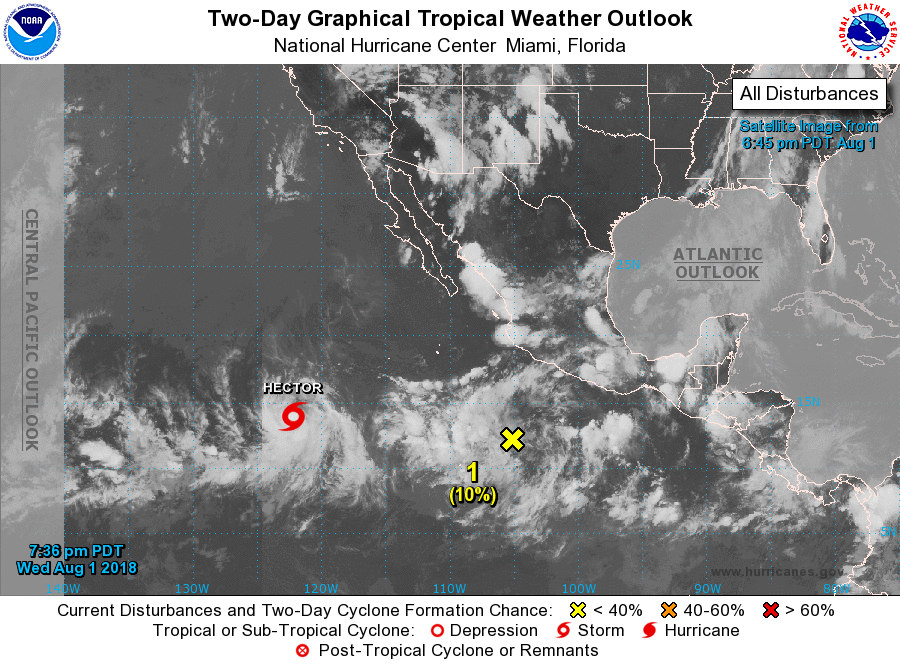
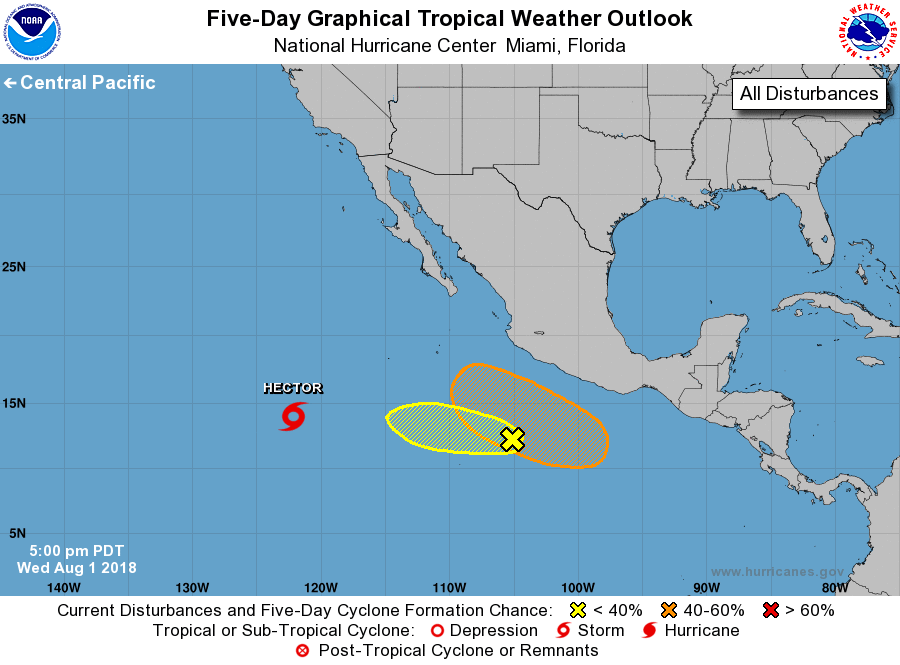
For the eastern North Pacific...east of 140 degrees west longitude:

The National Hurricane Center is issuing advisories on Tropical Storm Hector, located well southwest of the southern tip of the Baja California Peninsula.

1. An area of disturbed weather has formed several hundred miles south of Manzanillo, Mexico. Environmental conditions appear conducive for gradual development of this system during the next several days as it moves generally westward across the tropical eastern Pacific.
* Formation chance through 48 hours...low...10 percent.
* Formation chance through 5 days...low...30 percent.

2. An area of low pressure is forecast to form several hundred miles south or southwest of the Gulf of Tehuantepec late this week. Environmental conditions are expected to be conducive for gradual development of this system over the weekend, and a tropical depression could form early next week while it moves west-northwestward off the coast of Mexico.
* Formation chance through 48 hours...low...near 0 percent.
* Formation chance through 5 days...medium...50 percent.

Forecaster Beven